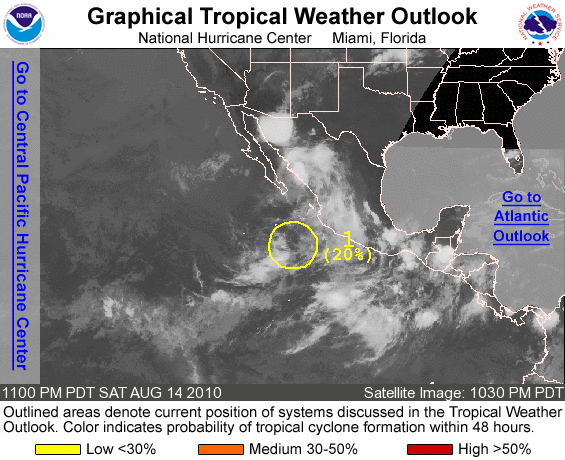
FOR THE EASTERN NORTH PACIFIC...EAST OF 140 DEGREES WEST LONGITUDE..

1. A BROAD AREA OF LOW PRESSURE LOCATED ABOUT 450 MILES SOUTH OF THE SOUTHERN TIP OF BAJA CALIFORNIA CONTINUES TO PRODUCE DISORGANIZED SHOWERS AND THUNDERSTORMS. ANY DEVELOPMENT OF THIS SYSTEM IS EXPECTED TO BE SLOW TO OCCUR DUE TO UNFAVORABLE UPPER-LEVEL WINDS. THERE IS A LOW CHANCE...20 PERCENT...OF THIS SYSTEM BECOMING A TROPICAL CYCLONE DURING THE NEXT 48 HOURS AS IT MOVES LITTLE.

ELSEWHERE...TROPICAL CYCLONE FORMATION IS NOT EXPECTED DURING THE NEXT 48 HOURS.

FORECASTER BROWN